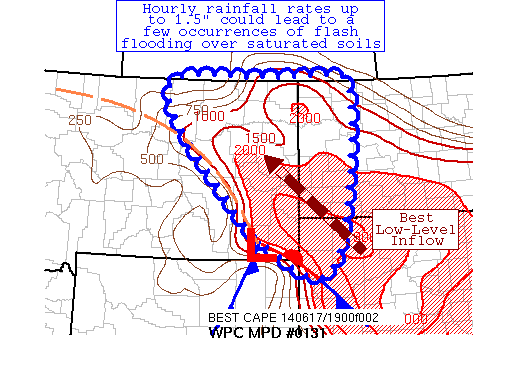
AREAS AFFECTED...EASTERN MT AND THE WESTERN DAKOTAS

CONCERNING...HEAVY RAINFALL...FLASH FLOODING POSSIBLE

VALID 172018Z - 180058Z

SUMMARY...A SECOND BATCH OF THUNDERSTORMS WITH COOLING TOPS HAS
DEVELOPED NEAR AND AHEAD OF A TROWAL ACROSS NORTHEASTERN MT.
CONSIDERING EARLIER, CURRENT, AND FUTURE ACTIVITY EXPECTED LATER
THIS AFTERNOON, A FEW INSTANCES OF FLASH FLOODING ARE POSSIBLE.

DISCUSSION...A TROWAL EXTENDS NORTHWESTWARD FROM AN AREA OF LOW
PRESSURE ACROSS SOUTHEAST MT.  STORMS HAVE FORMED ALONG IT AND ARE
TRAVELING GENERALLY NORTHEAST AT LESS THAN 10 KTS.  CAPE VALUES UP
TO 3000 J/KG EXIST IN THE REGION, WITH EVEN HIGHER INSTABILITY
UPSTREAM ACROSS THE WESTERN DAKOTAS.  THE DEPTH OF MOISTURE FROM
THE 12Z GREAT FALLS AND GLASGOW MT SOUNDINGS WAS IMPRESSIVE, WITH
THE WET BULB ZERO HEIGHT CLOSE TO 9000 FT ABOVE GROUND LEVEL AT
THE LATTER.  PRECIPITABLE WATER VALUES ARE IN THE 1.25-1.50 RANGE,
WHICH IS NEAR THE 99TH PERCENTILE FOR MID-JUNE.

DO NOT EXPECT MUCH DOWNWIND PROPAGATION HERE DUE TO THE DEPTH OF
WARMTH AND MOISTURE -- CORFIDI VECTORS YIELDS ABOUT 10 KTS OF CELL
MOTION.  THUNDERSTORM INITIATION SHOULD SLOWLY SHIFT EASTWARD WITH
TIME DUE TO THE TROWAL'S FORWARD MOTION. THERE IS A MODERATE
SIGNAL FOR HEAVY RAINFALL IN THE REGION, WITH THE GUIDANCE SHOWING
MAXIMA IN THE 2-3" RANGE.  RAINFALL RATES OF 1.5" AN HOUR ARE
CONSIDERED POSSIBLE, WITH A QUICK 2-3" POSSIBLE IN ISOLATED
LOCATIONS.  CONSIDERING THE LOW FLASH FLOOD GUIDANCE IN THE AREA,
AND THE THERMAL RIDGE'S INFLUENCE ON SLOW CELL MOTION ACROSS THE
REGION, BELIEVE A FEW INSTANCES OF FLASH FLOODING ARE POSSIBLE
THIS AFTERNOON.  THE 12Z ARW HAS THE CAPE VALUES ACROSS THE REGION
FADING BY 01Z, WHICH WAS USED AS THE VALID TIME.